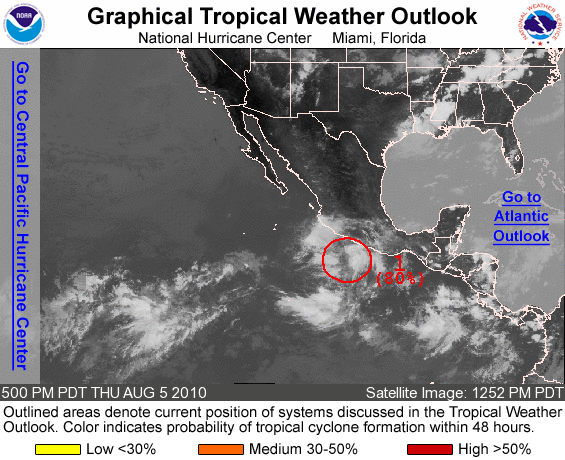
FOR THE EASTERN NORTH PACIFIC...EAST OF 140 DEGREES WEST LONGITUDE..

1. SATELLITE IMAGES INDICATE THAT THE LOW PRESSURE AREA LOCATED ABOUT 135 MILES SOUTHWEST OF ACAPULCO MEXICO HAS BECOME BETTER DEFINED THIS AFTERNOON. CONDITIONS APPEAR FAVORABLE FOR ADDITIONAL DEVELOPMENT AND THIS SYSTEM COULD BECOME A TROPICAL CYCLONE AT ANY TIME TONIGHT OR FRIDAY. THERE IS A HIGH CHANCE...80 PERCENT...OF THIS SYSTEM BECOMING A TROPICAL CYCLONE DURING THE NEXT 48 HOURS AS IT MOVES WEST-NORTHWESTWARD AT ABOUT 15 MPH. INTERESTS ALONG THE SOUTHERN COAST OF MEXICO SHOULD MONITOR THE PROGRESS OF THIS SYSTEM.

ELSEWHERE...TROPICAL CYCLONE FORMATION IS NOT EXPECTED DURING THE NEXT 48 HOURS.

FORECASTER BROWN